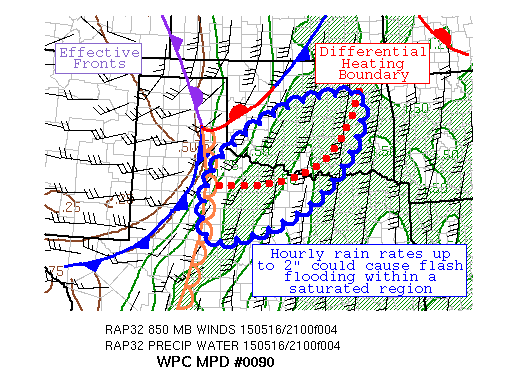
AREAS AFFECTED...PORTIONS OF OK AND NORTHERN TX

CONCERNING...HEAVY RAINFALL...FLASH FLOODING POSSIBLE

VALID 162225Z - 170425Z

SUMMARY...CONVECTION IS EXPECTED TO INCREASE IN EFFICIENCY AND
COVERAGE ACROSS THE REGION OVER THE NEXT SEVERAL HOURS, WHICH
COULD CAUSE FLASH FLOODING.

DISCUSSION...WHILE AN OUTFLOW BOUNDARY HAS BEEN THE FOCUS FOR
CONVECTION THUS FAR FROM THE TX PANHANDLE ACROSS NORTHWEST OK AND
SOUTHEAST KS, THERE ARE SIGNS THAT A MORE SOUTHERN BOUNDARY COULD
TAKE OVER IN THE NEAR FUTURE.  IT IS A DIFFERENTIAL HEATING
BOUNDARY AT THE LEADING EDGE OF PERSISTENT STRATUS WHICH HAS BEEN
STUCK ACROSS SOUTH-CENTRAL OK THIS AFTERNOON.  THIS BOUNDARY SHOWS
UP IN THE TEMPERATURE OBSERVATIONS AND SPC MESOANALYSIS AS A
SECONDARY SURFACE-BASED CAPE GRADIENT.  PRECIPITABLE WATER VALUES
(PWS) IN THE REGION ARE STARTING OUT NEAR 1.50", WITH 850 HPA
INFLOW OF 30-45 KTS SEEN IN VAD WIND PROFILES.  CAPE VALUES OF
2000-4000 J/KG INHABIT THE REGION.

OVER THE NEXT SEVERAL HOURS, CONVECTION NEAR THE WESTERN EDGE OF
THE DIFFERENTIAL HEATING BOUNDARY SHOULD ORGANIZE AND MOVE EAST TO
EAST-NORTHEAST (PER THE 1000-500 HPA THICKNESS PATTERN) AT NEAR 40
KTS (PER FORWARD PROPAGATING CORFIDI VECTORS).  THE AVAILABLE CAPE
AND SOME TURNING IN THE WIND WITH HEIGHT SHOULD FORCE SOME FORWARD
PROPAGATION IN THE NORTHERN PORTION OF THE AREA.  HOWEVER, WITH
THE MAIN SHORTWAVE LIFTING NORTHEAST, THE VERTICAL WIND PROFILE IS
EXPECTED TO BECOME INCREASINGLY UNIDIRECTIONAL WITH LESS FORWARD
PUSH TO CONVECTION ACROSS TX, AS PWS INCREASE TO 1.75" PER RECENT
RAP FORECASTS.  LOW-LEVEL INFLOW IS FORECAST TO INCREASE FURTHER,
PAST 50 KTS BY THE END OF THE PERIOD, WHICH IS CLOSE TO THE MEAN
850-400 HPA MEAN WIND.   HOURLY RAIN RATES UP TO 2", OUTSIDE OF
LOCATIONS WITH LONGER DURATION CELL TRAINING AND CELL MERGERS, ARE
EXPECTED IN THIS INCREASINGLY MOIST AIR MASS.  THERE IS A SIGNAL
IN THE AVAILABLE MESOSCALE GUIDANCE FOR 2-4" LOCAL AMOUNTS.
DESPITE THEIR AVAILABLE FLASH FLOOD GUIDANCE VALUES, LOCATIONS IN
SOUTHEAST AND SOUTHERN TX SAW MORE IMPACT THAN YOU WOULD OTHERWISE
EXPECT WITH THESE SORT OF RAIN RATES. CELL TRAINING IS THE MAIN
CONCERN.  FLASH FLOODING IS CONSIDERED POSSIBLE IN A REGION WHICH
HAS SEEN A GREAT DEAL OF RAINFALL IN MAY, SO FAR.